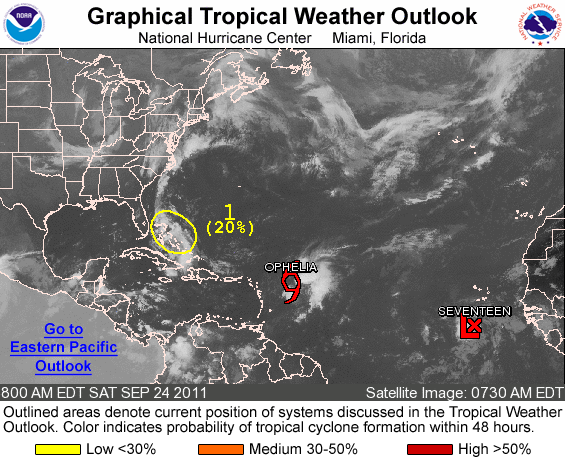
FOR THE NORTH ATLANTIC...CARIBBEAN SEA AND THE GULF OF MEXICO...

THE NATIONAL HURRICANE CENTER IS ISSUING ADVISORIES ON TROPICAL STORM OPHELIA...LOCATED ABOUT 435 MILES EAST OF THE LEEWARD ISLANDS...AND ON NEWLY FORMED TROPICAL DEPRESSION SEVENTEEN... LOCATED ABOUT 290 MILES SOUTH OF THE SOUTHERNMOST CAPE VERDE ISLANDS.

1. DISORGANIZED SHOWERS AND THUNDERSTORMS OVER PORTIONS OF THE NORTHWESTERN AND CENTRAL BAHAMAS ARE ASSOCIATED WITH A SURFACE TROUGH. DEVELOPMENT OF THIS DISTURBANCE...IF ANY...SHOULD BE SLOW TO OCCUR AS IT MOVES GENERALLY NORTHWARD AT 10 TO 15 MPH. THIS SYSTEM HAS A LOW CHANCE...20 PERCENT...OF BECOMING A TROPICAL CYCLONE DURING THE NEXT 48 HOURS.

ELSEWHERE...TROPICAL CYCLONE FORMATION IS NOT EXPECTED DURING THE NEXT 48 HOURS.

PUBLIC ADVISORIES ON TROPICAL DEPRESSION SEVENTEEN ARE ISSUED UNDER WMO HEADER WTNT32 KNHC AND UNDER AWIPS HEADER MIATCPAT2. FORECAST/ADVISORIES ON TROPICAL DEPRESSION SEVENTEEN ARE ISSUED UNDER WMO HEADER WTNT22 KNHC AND UNDER AWIPS HEADER MIATCMAT2.

FORECASTER STEWART